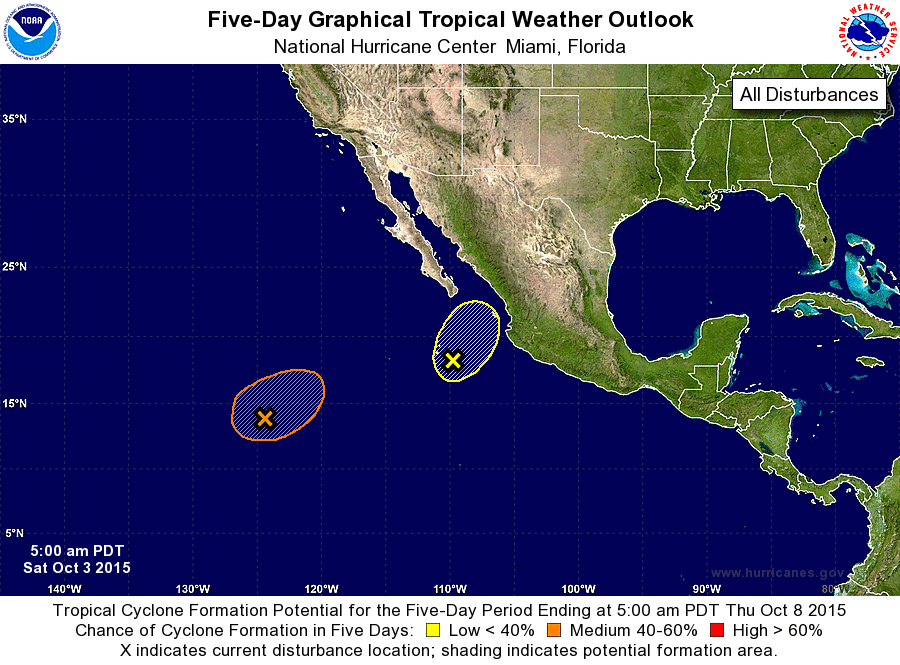
For the eastern North Pacific...east of 140 degrees west longitude:

1. A broad and elongated area of low pressure located about 1100 miles southwest of the southern tip of the Baja California peninsula is producing disorganized showers and thunderstorms. Environmental conditions are expected to be somewhat conducive, and gradual development is possible while the system moves slowly northeastward during the next few days.
* Formation chance through 48 hours...low...30 percent
* Formation chance through 5 days...medium...50 percent

2. A well-organized area of low pressure - the remnants of Marty - are located about 350 miles south of the southern tip of the Baja California peninsula. This system is producing some showers and thunderstorms, but strong upper-level winds are anticipated to prevent further significant development. Regardless of development, heavy rainfall is possible over portions of northwestern Mexico through early next week, while the low moves north-northeastward at 5 to 10 mph. .
* Formation chance through 48 hours...low...20 percent
* Formation chance through 5 days...low...20 percent

Forecaster Landsea